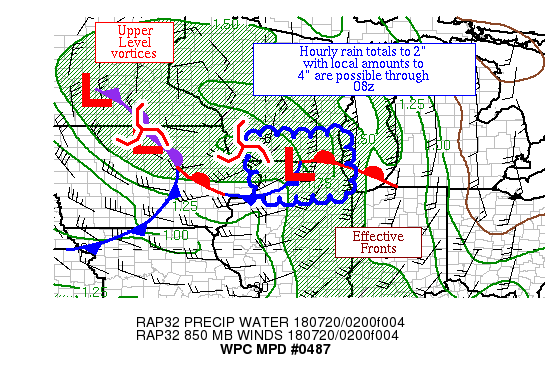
AREAS AFFECTED...NEAR WI/IL BORDER

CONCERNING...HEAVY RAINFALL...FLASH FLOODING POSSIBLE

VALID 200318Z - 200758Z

SUMMARY...A BROAD AREA OF SHOWERS AND THUNDERSTORMS IS MOVING EAST
NEAR THE IL/WI BORDER.  HOURLY RAIN TOTALS TO 2" WITH LOCAL
AMOUNTS TO 4" ARE POSSIBLE.

DISCUSSION...A VARIETY OF SWIRLS/SHORTWAVES ARE SEEN SATELLITE
IMAGERY.  THE MORE EASTERN CIRCULATION HAS INDUCED A MESOSCALE
WAVE OF LOW PRESSURE IN NORTHERN IL AND INVERTED TROUGH/TROWAL
FEATURE WHICH APPEAR TO BE HELPING TO FOCUS A BROADENING AREA OF
CONVECTION AND MAINTAINING INSTABILITY ACROSS NORTHEAST IL.  A FEW
AREAS OF HEAVY RAINFALL HAVE BEEN NOTED ON RECENT RADAR IMAGERY
NEAR THE IL/WI BORDER, WHICH HAVE BEEN SUBSTANTIATED WITH GROUND
TRUTH SHOWING LOCAL AMOUNTS IN THE 1-2.5" RANGE.  PRECIPITABLE
WATER VALUES ARE 1.5-1.75" PER GPS DATA.  INFLOW AT 850 HPA IS OUT
OF THE SOUTHWEST AT 30-35 KTS PER VAD WIND PROFILES.  EFFECTIVE
BULK SHEAR OF 25-35 KTS EXISTS HERE, WHICH IS LEADING TO SOME
ORGANIZATION.  MU CAPE VALUES ARE IN THE 500-1500 J/KG RANGE
ACROSS THE AREA.

THE 12Z AND 18Z MESOSCALE GUIDANCE WAS WAY TOO SLOW/WESTERLY WITH
THIS ACTIVITY, BUT THERE ARE SIGNS OF IMPROVEMENT IN THE 00Z
GUIDANCE.  A SOUTHEAST-ADJUSTED 00Z NAM CONEST APPEARS TO BEST
REFLECT THE CURRENT CONVECTIVE PATTERN AT 03Z.  THE NEW GUIDANCE
SHOWS THE CONVECTION MOVING EASTWARD WITH THE MESOSCALE WAVE
THROUGH 08Z BEFORE MOVING INTO LAKE MICHIGAN AS A CONVECTIVE ARC.
LOCAL AMOUNTS OF 3-4" ARE FORECAST BY THE NEWER GUIDANCE, WHICH
APPEARS REALISTIC.  THE AVAILABLE MOISTURE AND INSTABILITY
SUPPORTS HOURLY RAIN RATES TO 2".  THIS COULD PROVE PROBLEMATIC IN
URBAN AREAS SUCH AS MILWAUKEE AND CHICAGO.